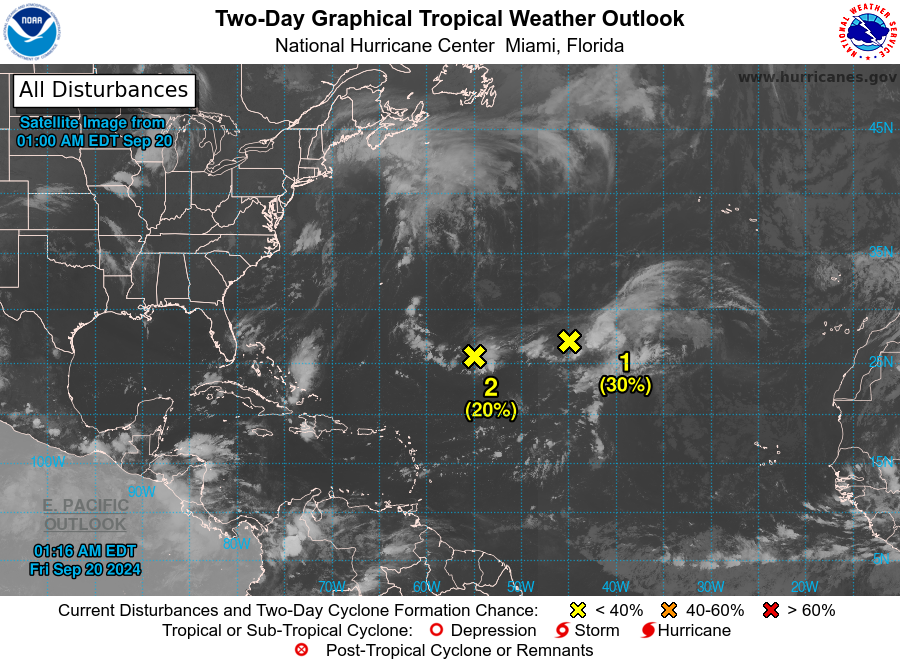
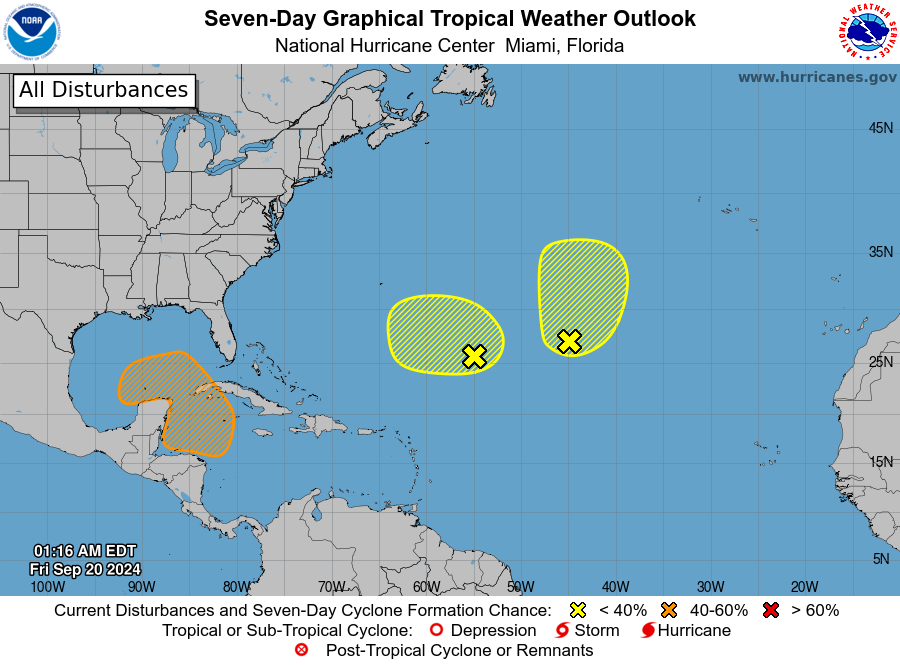
For the North Atlantic...Caribbean Sea and the Gulf of Mexico:

1. Central Subtropical Atlantic (Remnants of Gordon): Recent satellite wind data shows that an area of low pressure has formed in association with the remnants of Gordon. However, the associated shower and thunderstorm activity is poorly organized. Some additional development of this system is possible during the next day or two while it moves northward or north-northeastward. After that time, conditions are expected to become less conducive for development.
* Formation chance through 48 hours...low...30 percent.
* Formation chance through 7 days...low...30 percent.

2. Central and Western Subtropical Atlantic: Shower activity associated with an area of low pressure located about 750 miles southeast of Bermuda has changed little in organization over the past several hours. Environmental conditions appear only marginally conducive, but some development of this system is possible while it meanders over the open waters of the central or western Subtropical Atlantic though early next week.
* Formation chance through 48 hours...low...20 percent.
* Formation chance through 7 days...low...30 percent.

3. Northwestern Caribbean Sea and Southeastern Gulf of Mexico: A broad area of low pressure could form by early next week over the northwestern Caribbean Sea. Thereafter, gradual development of this system is possible, and a tropical depression could form as the system moves slowly to the north or northwest over the northwestern Caribbean Sea and into the southern Gulf of Mexico through the middle part of next week.
* Formation chance through 48 hours...low...near 0 percent.
* Formation chance through 7 days...medium...40 percent.

Forecaster Beven